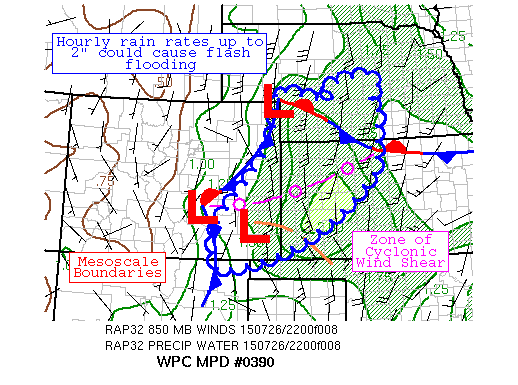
AREAS AFFECTED...EASTERN CO, SOUTHWEST NE, & NORTHWEST KS

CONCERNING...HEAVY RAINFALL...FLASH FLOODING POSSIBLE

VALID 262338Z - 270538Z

SUMMARY...AN ONGOING CONVECTIVE COMPLEX WITH NEW DEVELOPMENT TO
THE SOUTH COULD MERGE INTO AN ELONGATED CONVECTIVE BAND WITH TIME.
 CELL TRAINING AND BACKBUILDING CONVECTION COULD LEAD TO FLASH
FLOODING.

DISCUSSION...A CONVECTIVE COMPLEX WITH OVERSHOOTING TOPS HAS BEEN
MOVING EASTWARD THROUGH CO THIS AFTERNOON, DRAGGING AN OUTFLOW
BOUNDARY SOUTHWARD THROUGH EASTERN CO.  THIS IS OCCURRING AHEAD OF
A WEAK SHORTWAVE MOVING THROUGH EASTERN WY.  HOURLY RAIN RATES
HAVE REACHED 1.5" ON OCCASION WITHIN THESE STORMS.  PRECIPITABLE
WATER VALUES ARE IN THE 1.50-1.75" RANGE PER RECENT RAP FORECASTS.
 LOW-LEVEL INFLOW OUT OF THE SOUTHEAST HAS BACKED TO SOUTHEAST AND
INCREASED TO 25 KTS, WHICH IS FURTHER ORGANIZING FORWARD
PROPAGATING CONVECTION, MOVING ROUGHLY EAST-NORTHEAST AT 25 KTS.
MLCAPES HAVE BUILT TO 3000-4000 J/KG ACROSS SOUTHWEST AND
NORTH-CENTRAL KS, WITH THE MLCAPE GRADIENT ALIGNED WITH A
LOW-LEVEL WIND SHIFT FROM SOUTH TO SOUTHEAST PER REGIONAL SURFACE
OBSERVATIONS.

THE EXPECTATION IS FOR THE OUTFLOW BOUNDARY TO ALIGN WITH THE ZONE
OF WIND SHEAR WHICH SHOULD ACT FOR THE FOCUS OF CONVECTION LATE
THIS AFTERNOON INTO THIS EVENING.  INFLOW AT 850 HPA IS EXPECTED
TO CONTINUE TO INCREASE, REACHING THE 35 KT RANGE OVER THE NEXT
SEVERAL HOURS, BEYOND THE MAGNITUDE OF THE 850-400 HPA MEAN WIND
AND AT A RIGHT ANGLE.  THIS SHOULD ALLOW FOR SOME CELL
BACKBUILDING, THOUGH CELL TRAINING REMAINS THE MORE SIGNIFICANT
FLASH FLOOD RISK.  ORGANIZED CONVECTION COULD SLOW TO 15-20 KTS
PER THE FORWARD PROPAGATING CONVECTIVE VECTORS.   MOST OF THE
MESOSCALE QPF GUIDANCE APPEARS LOST IN THE WILDERNESS WITH REGARDS
TO QPF PLACEMENT -- THE EXCEPTIONS APPEAR TO BE THE EXPERIMENTAL
12Z HREF MEAN, 18Z NAM CONEST, 21Z EXPERIMENTAL HRRR, AND 21Z RAP
GUIDANCE.  SOME THE GUIDANCE SHOWS THE POTENTIAL FOR LOCAL AMOUNTS
IN THE 3-4" RANGE.  WITH HOURLY RAINFALL RATES AS HIGH AS 2"
POSSIBLE WITH THE MOISTURE AVAILABLE, THIS COULD FALL QUICKLY.
FLASH FLOODING IS POSSIBLE HERE.